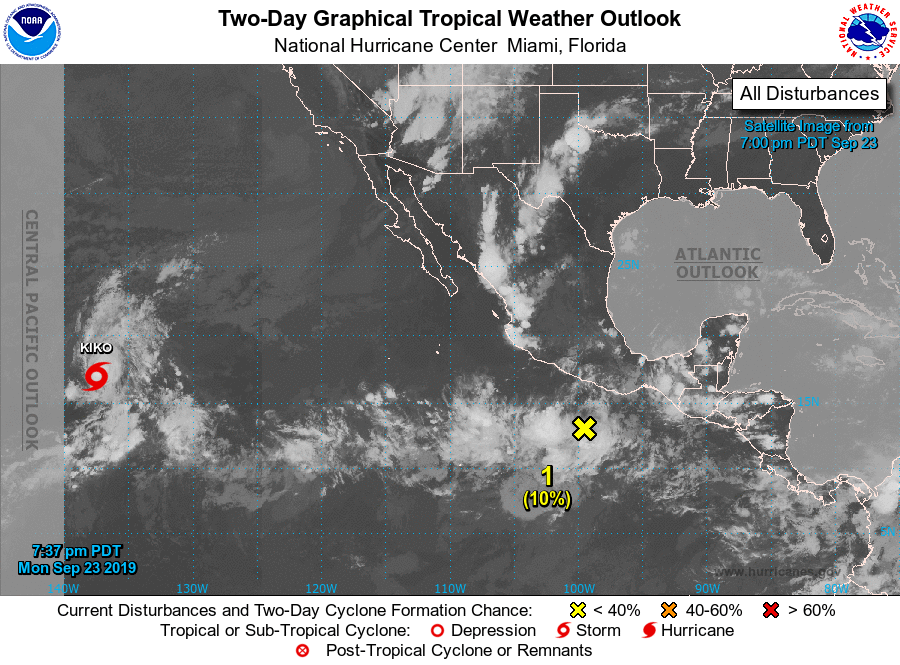
For the eastern North Pacific...east of 140 degrees west longitude:

The National Hurricane Center is issuing advisories on Tropical Storm Kiko, located over the far southwestern part of the basin.

1. A weak area of low pressure located a few hundred miles south of the southwestern coast of Mexico is producing disorganized showers and thunderstorms. This system is expected to drift northward or northwestward during the next few days, and significant development is unlikely due to strong upper-level winds.
* Formation chance through 48 hours...low...10 percent.
* Formation chance through 5 days...low...10 percent.

2. An area of low pressure is expected to form south of the southern coast of Mexico late this week. Some gradual development is possible thereafter while the system moves west-northwestward or northwestward near the southwestern coast of Mexico.
* Formation chance through 48 hours...low...near 0 percent.
* Formation chance through 5 days...low...30 percent.

3. Another area of low pressure could form over the central portion of the eastern North Pacific basin in a couple of days. Some slight development is possible later this week while the system moves generally northward, several hundred miles southwest of the southwestern coast of Mexico.
* Formation chance through 48 hours...low...near 0 percent.
* Formation chance through 5 days...low...20 percent.

Forecaster Latto